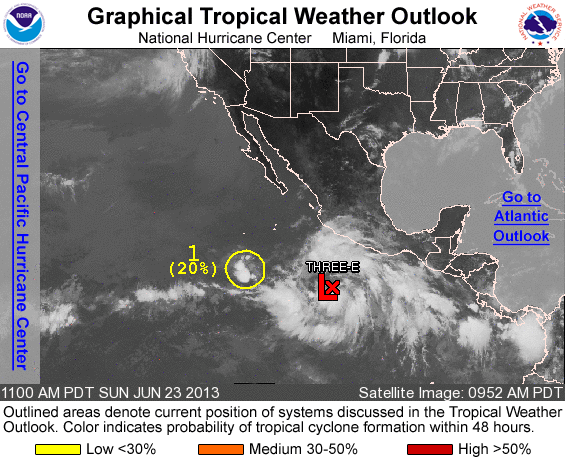
FOR THE EASTERN NORTH PACIFIC...EAST OF 140 DEGREES WEST LONGITUDE..

THE NATIONAL HURRICANE CENTER IS ISSUING ADVISORIES ON NEWLY FORMED TROPICAL DEPRESSION THREE-E...LOCATED ABOUT 500 MILES SOUTH OF MANZANILLO MEXICO.

1. AN AREA OF LOW PRESSURE CENTERED ABOUT 700 MILES SOUTH-SOUTHWEST OF THE SOUTHERN TIP OF BAJA CALIFORNIA CONTINUES TO PRODUCE DISORGANIZED SHOWERS AND THUNDERSTORMS. UPPER-LEVEL WINDS ARE FORECAST TO BECOME UNFAVORABLE FOR DEVELOPMENT BY MONDAY. THIS SYSTEM HAS A LOW CHANCE...20 PERCENT...OF BECOMING A TROPICAL CYCLONE DURING THE NEXT 48 HOURS WHILE IT MOVES TOWARD THE SOUTHEAST AT 5 TO 10 MPH.

ELSEWHERE...TROPICAL CYCLONE FORMATION IS NOT EXPECTED DURING THE NEXT 48 HOURS.

&&
PUBLIC ADVISORIES ON THREE-E ARE ISSUED UNDER WMO HEADER WTPZ33 KNHC AND UNDER AWIPS HEADER MIATCPEP3. FORECAST/ADVISORIES ON THREE-E ARE ISSUED UNDER WMO HEADER WTPZ23 KNHC AND UNDER AWIPS HEADER MIATCMEP3.

FORECASTER BLAKE